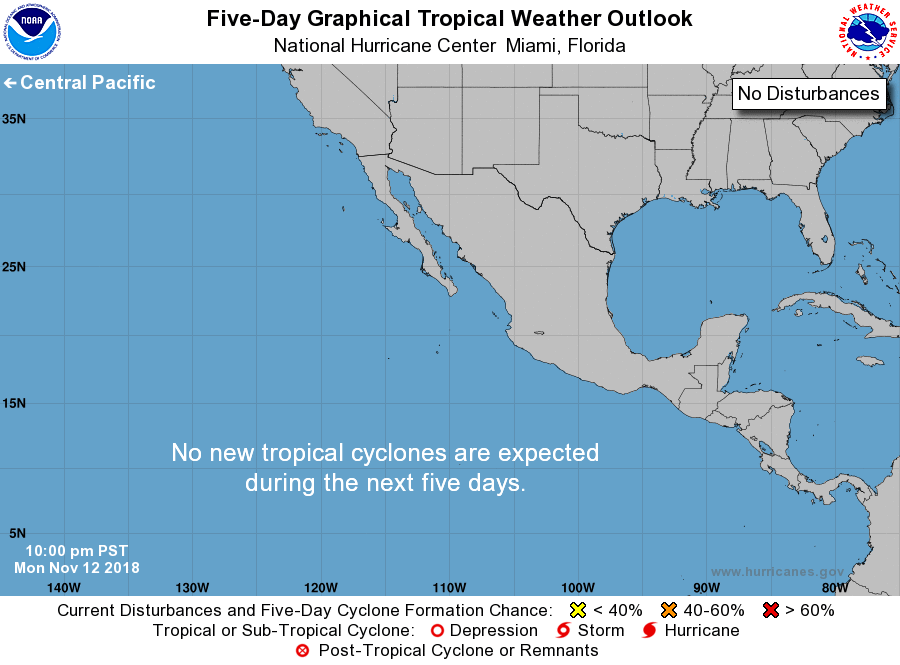
For the eastern North Pacific...east of 140 degrees west longitude:

Tropical cyclone formation is not expected during the next 5 days.

Forecaster Brown